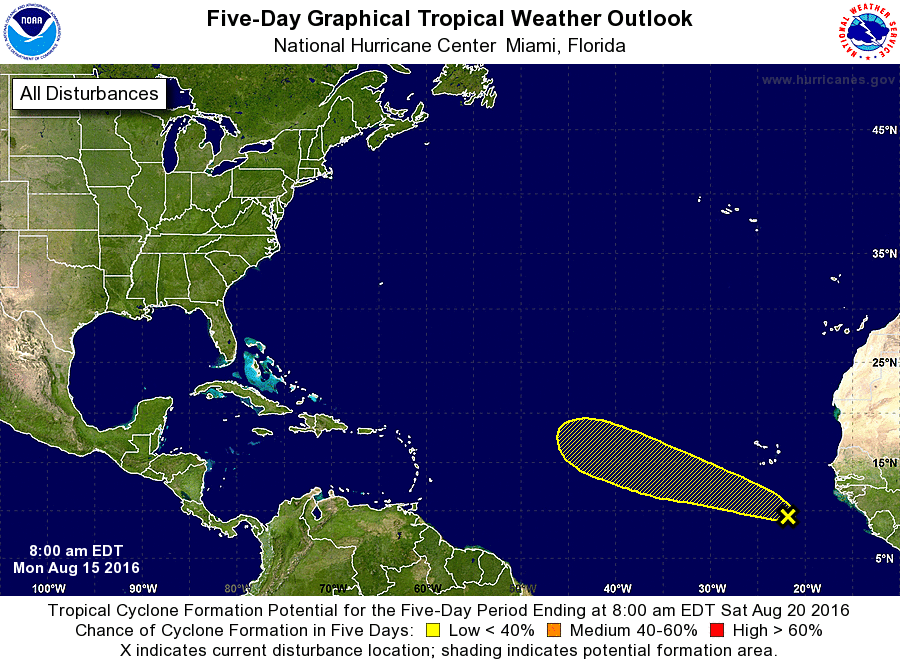
For the North Atlantic...Caribbean Sea and the Gulf of Mexico:

1. A tropical wave located a few hundred miles south of the Cabo Verde Islands is producing disorganized showers and thunderstorms well in advance of it. Environmental conditions appear conducive for gradual development of this disturbance during the next few days before conditions become less favorable later this week. The system is forecast to move west-northwestward at about 15 mph over the eastern and central tropical Atlantic this week.
* Formation chance through 48 hours...low...20 percent
* Formation chance through 5 days...low...30 percent

Forecaster Kimberlain